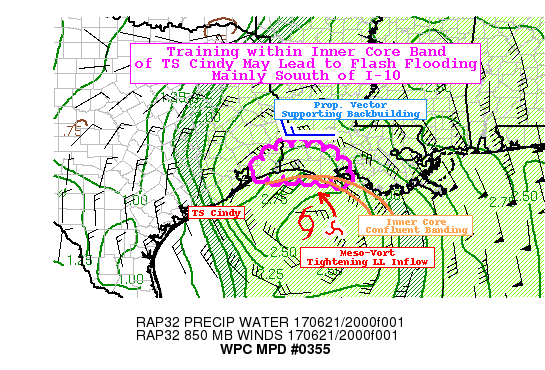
AREAS AFFECTED...EXT SOUTHEASTERN TX COAST...SOUTHWESTERN LA

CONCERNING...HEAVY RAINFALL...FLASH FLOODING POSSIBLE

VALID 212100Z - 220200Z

SUMMARY...NORTHERN INNER CONVERGENCE BAND OF TS CINDY...TRAINING
AND EFFICIENT RAINFALL MAY PRODUCE FLASH FLOODING MAINLY SOUTH OF
I-10.

DISCUSSION...GOES-16 CONUS VISIBLE IMAGERY SHOWS NUMEROUS INTERNAL
VORTICIES IN THE INNER CORE OF TS CINDY.  WV LOOP CONTINUES TO
SHOW MODEST SOUTHERLY SHEAR/DRY AIR COVERING THE SOUTHERN PORTION
OF THE CYCLONE LEADING TO TIGHTENING OF THE DOWNSTREAM CONVERGENCE
BANDS.  THIS TIGHTENING CORRESPONDS WITH DECREASING PROXIMITY TO
SHORE AS WELL.  AS SUCH STRONG LOW LEVEL EASTERLY FLOW IS BECOMING
MORE UNIDIRECTIONAL AS WELL AS HIGHLY CONVERGENT.  FAIRLY CLEAR
SKIES ALSO ALLOWED A WELL OF INCREASED/UNTAPPED INSTABILITY TO
DEVELOP ALONG THE SW LA COAST IN THE INCREASINGLY CONFLUENT
NORTHERN BAND WITH SBCAPES TO 2500 J/KG AND SATURATED PROFILES
SUPPORTING TPWS OF 2.5"+.  SO WITH THE STRONG MST
CONVERGENCE...CONVECTION SHOULD BE INCREASING WITH TIME WITH RAIN
RATES OF 2.5"/HR POSSIBLE.  ADDITIONALLY WITH SFC TO 850 CONFLUENT
FLOW STRONGER UPSTREAM TO 40KTS...PROPAGATION VECTORS SUPPORT
BACKBUILDING THROUGH VERIMILLION BAY/MARSH ISLAND.  CURRENT VIS
IMAGERY SHOWS NEXT SIGNIFICANT INNER CORE PRESSURE MESOLOW...TO
TRACK VERY NEAR THE VERMILLION/SE CAMERON PARISH COASTLINE TOWARD
00-01Z...FURTHER ENHANCING LOCALIZED WINDS/CONVERGENCE AND
THEREFORE BACKBUILDING.  AS SUCH IT WOULD NOT BE OUT OF THE REALM
OF POSSIBILITIES OF TOTALS OF 3-5" BY 02Z MAINLY SOUTH OF I-10.

AS NOTED BY THE GOES-16 WV CHANNELS THERE MAY BE SOME DRY AIR
ENTRAINMENT ABOVE 7H BY THE SOUTHERLY SHEAR AND MAY SUPPORT SOME
CONVECTION TO BE OUTFLOW DOMINANT.  THIS WOULD REDUCE THE
EFFECTIVENESS OF TRAINING...EXPANDING THUNDERSTORMS FURTHER NORTH
THAN I-10 REDUCING FLASH FLOOD THREAT THROUGHOUT THE AREA GIVEN
AREAL EXPANSION OF RAINFALL.  AS SUCH THIS MINOR UNCERTAINTY AND
GENERALLY HIGHER FFG VALUES/RECENT DRY SPELL ONLY LEADS TO
CONFIDENCE OF POSSIBLE FLASH FLOODING TO OCCUR IN THE AREA OF
CONCERN.  THOUGH IF DRY AIR IS NOT AS EFFECTIVE...FLOODING COULD
BE SIGNIFICANT ALONG AND SOUTH OF I-10.